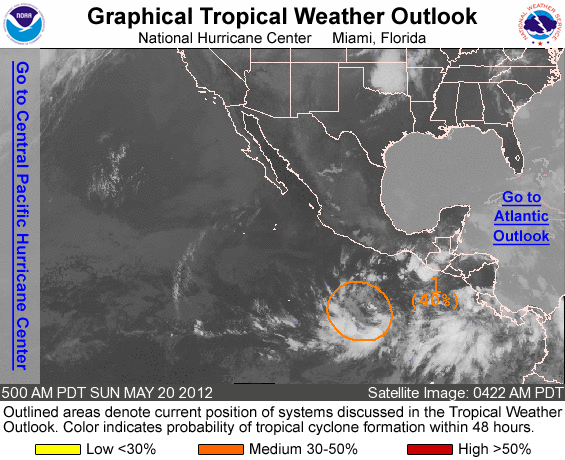
FOR THE EASTERN NORTH PACIFIC...EAST OF 140 DEGREES WEST LONGITUDE..

1. SHOWER AND THUNDERSTORM ACTIVITY ASSOCIATED WITH A BROAD AREA OF LOW PRESSURE LOCATED SEVERAL HUNDRED MILES SOUTH OF ACAPULCO MEXICO CONTINUES TO SHOW SIGNS OF ORGANIZATION. CONDITIONS APPEAR FAVORABLE FOR GRADUAL DEVELOPMENT OF THIS SYSTEM OVER THE NEXT COUPLE OF DAYS AS IT REMAINS NEARLY STATIONARY. THIS SYSTEM HAS A MEDIUM CHANCE...40 PERCENT...OF BECOMING A TROPICAL CYCLONE DURING THE NEXT 48 HOURS.

ELSEWHERE...TROPICAL CYCLONE FORMATION IS NOT EXPECTED DURING THE NEXT 48 HOURS.

FORECASTER PASCH